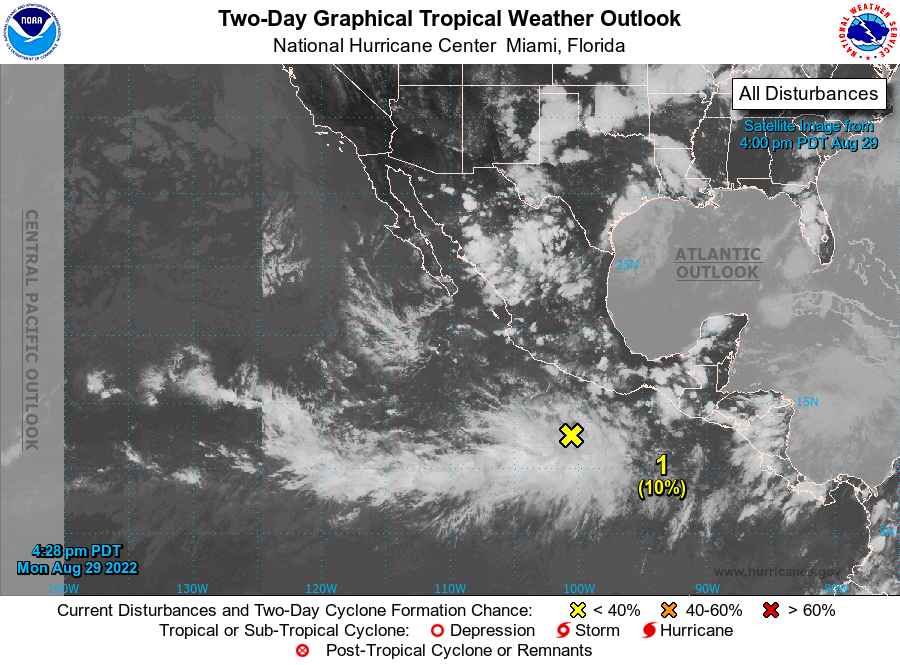
For the eastern North Pacific...east of 140 degrees west longitude:

1. Offshore of Southwest Mexico: An area of disturbed weather has formed a few hundred miles south of Acapulco, Mexico. Gradual development of this system is possible during the next several days while it moves west-northwestward or northwestward, well offshore of the coast of Mexico.
* Formation chance through 48 hours...low...10 percent.
* Formation chance through 5 days...low...30 percent.

Forecaster Cangialosi